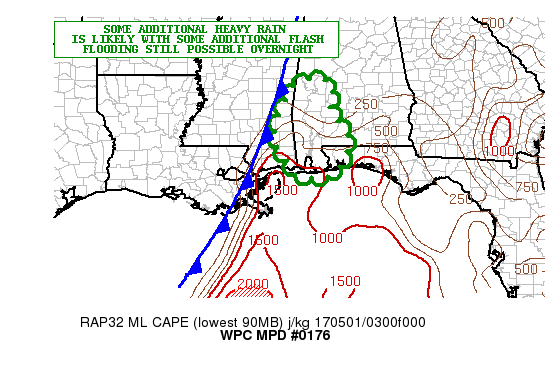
AREAS AFFECTED...SOUTHEAST MS...SOUTHWEST AL...FAR WESTERN FL
PANHANDLE

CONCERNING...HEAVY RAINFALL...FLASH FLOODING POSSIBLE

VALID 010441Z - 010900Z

SUMMARY...SOME ADDITIONAL SHOWERS AND THUNDERSTORMS WITH SOME
LOCALIZED TRAINING OF CELLS MAY CONTINUE FOR A FEW MORE HOURS.
FLASH FLOODING REMAINS POSSIBLE.

DISCUSSION...A SOMEWHAT FOCUSED AREA OF THUNDERSTORMS REMAINS
INTACT OVER AREAS OF SOUTHEAST MS INVOLVING CLARKE...WAYNE AND
PERRY COUNTIES AS A SURFACE COLD FRONT CONTINUES TO GRADUALLY
ADVANCE EAST AND INTERACTS WITH A NOTABLE INSTABILITY AXIS POOLED
UP ALONG THE BOUNDARY. EXPERIMENTAL GOES-16 10.3 MICRON/IR IMAGERY
HAS SHOWN A GENERAL COOLING OF CLOUD TOPS OVER THIS AREA WITH A
COUPLE OF OVERSHOOTING TOPS. MEANWHILE...THERE HAS BEEN SOME
CONVECTIVE REDEVELOPMENT NOTED OVER AREAS OF FAR SOUTHERN
AL..ESPECIALLY IN AND AROUND MOBILE...IN THE WAKE OF THE EARLIER
BAND OF CONVECTION THAT CROSSED THE REGION.

THE AFOREMENTIONED COLD FRONT HAS BEEN TENDING TO SLOW DOWN
SOMEWHAT OVER THE LAST FEW HOURS...BUT IS EXPECTED TO MAKE MORE
PROGRESS IN ADVANCING EAST OVERNIGHT AS THE DEEP LAYER
TROUGH/CLOSED LOW EXITING THE CENTRAL PLAINS LIFTS TO THE
NORTHEAST. HOWEVER...THE LOW LEVEL FLOW ACROSS THE CENTRAL GULF
COAST REGION REMAINS QUITE CONFLUENT WITH A RELATIVELY DIFFLUENT
UPPER AIR FLOW PATTERN. A 40 TO 45 KT LOW LEVEL JET FROM THE SOUTH
IS ALLOWING A NOSE OF MLCAPE VALUES REACHING 1000 TO 1500 J/KG AND
PWATS OF OVER 1.75 INCHES TO FOCUS OVER THE CENTRAL GULF COAST
REGION AND THIS WILL STILL SUPPORT HEAVY RAINFALL RATES OF OVER 2
INCHES/HR OVER THE NEXT FEW HOURS AS CONVECTION IS LIKELY TO
PERSIST UNTIL THE COLD FRONT PASSES.

SOME ADDITIONAL FLASH FLOODING CONCERNS ARE POSSIBLE GIVEN THE
RAINFALL RATES...AND SOME LOCALIZED TRAINING CONVECTIVE CELL
ACTIVITY. AN ADDITIONAL 3 TO 4 INCHES OF RAIN IS POSSIBLE
LOCALLY...BUT CONDITIONS ARE EXPECTED TO IMPROVE TOWARD DAWN AS
THE COLD SLOWLY CROSSES THE REGION.